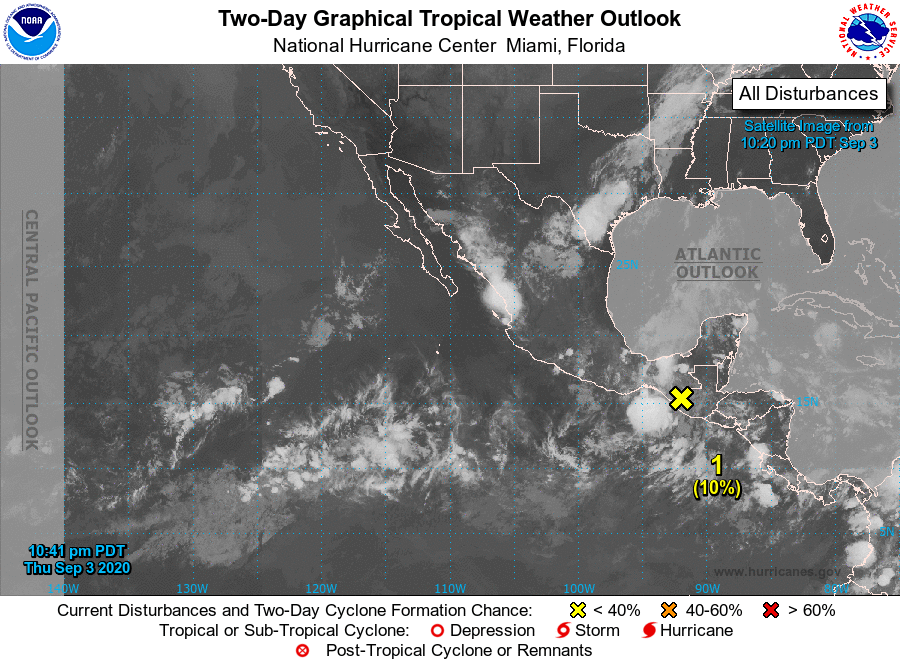
For the eastern North Pacific...east of 140 degrees west longitude:

1. The remnants of Atlantic basin Tropical Depression Nana are moving into the eastern Pacific waters near the Gulf of Tehuantepec. Unfavorable upper-level winds are expected to inhibit significant development through early next week while the system moves generally west-northwestward, near or along the southern coast of Mexico.
* Formation chance through 48 hours...low...10 percent.
* Formation chance through 5 days...low...20 percent.

Forecaster Pasch